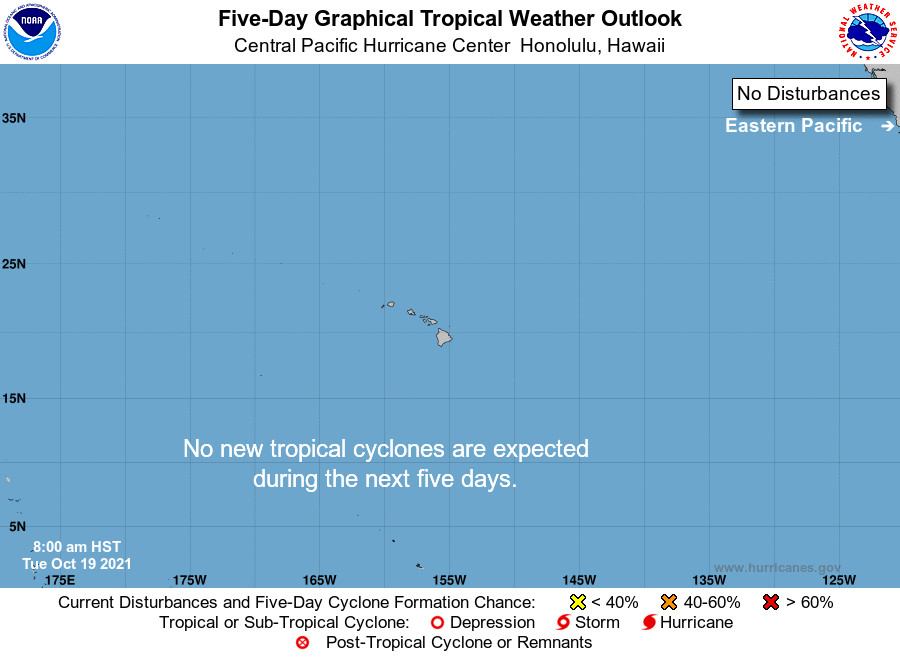
For the central North Pacific...between 140W and 180W:

No tropical cyclones are expected during the next 5 days.

Forecaster Kino